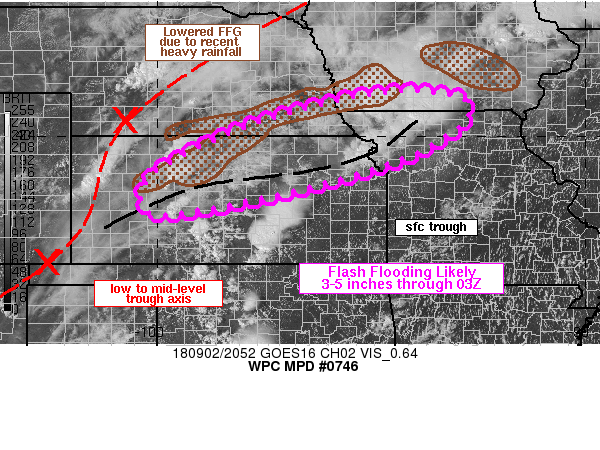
Areas affected...central KS/southeast NE/northwest MO/southern IA

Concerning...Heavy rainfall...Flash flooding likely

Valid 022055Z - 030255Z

Summary...An Increasing coverage of thunderstorms is expected
through 00Z and 03Z across central KS into southeastern NE,
southern IA and northern MO. 3-5 inches of rain is expected
through 03Z, some of which will overlap with recent heavy rainfall
across the region posing an increased threat for flash flooding.

Discussion...2030Z Visible satellite imagery and surface
observations placed a surface trough, enhanced by differential
heating, from west-central KS into northwest MO. Radar imagery
already showed scattered thunderstorms across central KS,
increasing in coverage out ahead of a strung out low-mid level
trough axis with a couple of vorticity centers stretching across
the central High Plains. The 20Z SPC mesoanalysis showed 1500-2500
J/kg MLCAPE across KS into MO and southern IA with eroding CIN
confirmed by the recent increase in thunderstorm development
across KS. East of 100W, GPS sites and the 18Z LMN sounding showed
precipitable water values of 1.5 to 1.8 inches across KS/NE/IA/MO.

Increased forcing for ascent over the central Plains and Midwest
is expected through 00Z as subtle eastward movement of the
mid-level trough axis occurs. The RAP has been trending stronger
with a forecast 70-90 kt upper level jet forecast to lie from
northwest IA to Lake Superior, placing the right entrance region
and added upper level divergence over central KS/NE between
00-03Z. Meanwhile, closer to the surface, 850 mb wind speeds
should increase from the south into the 20-30 kt range across KS
beyond 00Z with overrunning of the aforementioned surface trough
and any newly developed convective outflow boundaries with nearly
unidirectional flow above the LFC supporting training/repeating of
cells from southwest to northeast. 3-5 inches of rain through 03Z
is expected in a few locations, some of which is expected to
overlap with recent heavy rainfall and lowered Flash Flood
Guidance, supporting flash flooding in a few locations.